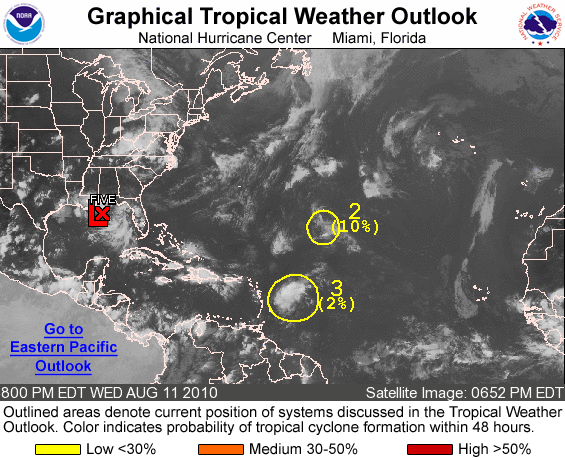
FOR THE NORTH ATLANTIC...CARIBBEAN SEA AND THE GULF OF MEXICO...

THE NATIONAL HURRICANE CENTER HAS ISSUED THE LAST ADVISORY ON TROPICAL DEPRESSION FIVE...WHICH HAS DEGENERATED INTO A REMNANT LOW PRESSURE AREA OVER THE NORTHERN GULF OF MEXICO. THIS LOW COULD STILL PRODUCE LOCALLY HEAVY RAINS AND STRONG GUSTY WINDS IN SQUALLS TO PORTIONS OF THE NORTHERN GULF OF MEXICO COAST TONIGHT AND EARLY THURSDAY. REFER TO STATEMENTS FROM LOCAL NATIONAL WEATHER SERVICE FORECAST OFFICES FOR ADDITIONAL INFORMATION. THE LOW IS EXPECTED TO MOVE INLAND ALONG THE NORTH-CENTRAL GULF COAST BY EARLY THURSDAY AND THERE IS A LOW CHANCE...NEAR 0 PERCENT...OF THIS SYSTEM BECOMING A TROPICAL CYCLONE DURING THE NEXT 48 HOURS.

1. A LOW PRESSURE SYSTEM LOCATED ABOUT 850 MILES NORTHEAST OF THE NORTHERN LEEWARD ISLANDS IS PRODUCING MINIMAL SHOWER ACTIVITY AT THIS TIME. UPPER-LEVEL WINDS ARE NOT CONDUCIVE FOR DEVELOPMENT AND THERE IS A LOW CHANCE...20 PERCENT...OF THIS SYSTEM BECOMING A TROPICAL CYCLONE DURING THE NEXT 48 HOURS AS IT MOVES TOWARD THE NORTH AND NORTH-NORTHEAST OVER THE ATLANTIC.

2. AN AREA OF DISORGANIZED CLOUDINESS AND SHOWERS ASSOCIATED WITH A TROPICAL WAVE IS LOCATED ABOUT 250 MILES EAST OF THE LESSER ANTILLES. SIGNIFICANT DEVELOPMENT OF THIS DISTURBANCE IS NOT EXPECTED AS IT MOVES GENERALLY WEST-NORTHWESTWARD AT ABOUT 15 MPH. THERE IS A LOW CHANCE...10 PERCENT...OF THIS SYSTEM BECOMING A TROPICAL CYCLONE DURING THE NEXT 48 HOURS.

ELSEWHERE...TROPICAL CYCLONE FORMATION IS NOT EXPECTED DURING THE NEXT 48 HOURS.

FORECASTER PASCH/KIMBERLAIN